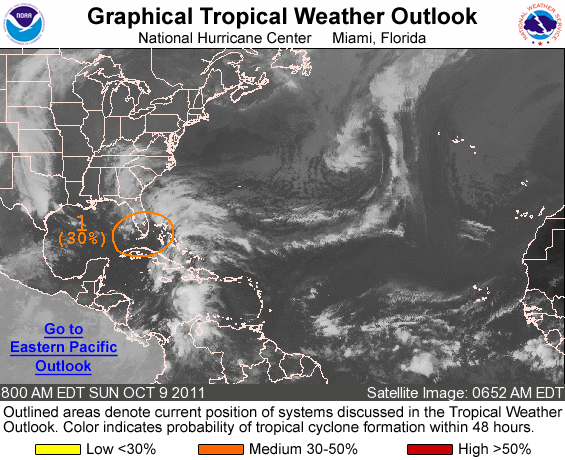
FOR THE NORTH ATLANTIC...CARIBBEAN SEA AND THE GULF OF MEXICO...

1. A TROUGH OF LOW PRESSURE EXTENDING FROM THE SOUTHEASTERN GULF OF MEXICO ACROSS THE FLORIDA STRAITS INTO THE NORTHWESTERN BAHAMAS IS PRODUCING GALE-FORCE WINDS OVER PORTIONS OF THE WESTERN ATLANTIC... AND WIDESPREAD CLOUDINESS AND THUNDERSTORMS OVER EASTERN CUBA... HISPANIOLA...THE BAHAMAS...THE FLORIDA PENINSULA...AND THE ADJACENT ATLANTIC WATERS. ALTHOUGH SURFACE PRESSURES ARE STILL SLOWLY FALLING...THERE HAS BEEN LITTLE CHANGE IN THE ORGANIZATION OF THIS DISTURBANCE IN THE LAST SEVERAL HOURS. HOWEVER...SOME DEVELOPMENT IS POSSIBLE OVER THE NEXT COUPLE OF DAYS AS IT MOVES NORTHWESTWARD AT 5 TO 10 MPH...AND THIS SYSTEM HAS A MEDIUM CHANCE...30 PERCENT...OF BECOMING A SUBTROPICAL OR TROPICAL CYCLONE DURING THE NEXT 48 HOURS. REGARDLESS OF DEVELOPMENT...STRONG GUSTY WINDS AND LOCALLY HEAVY RAINFALL ARE EXPECTED OVER THE NORTHERN BAHAMAS AND PORTIONS OF THE FLORIDA PENINSULA TODAY. THESE CONDITIONS ARE EXPECTED TO SPREAD NORTHWARD INTO EASTERN PORTIONS OF GEORGIA AND SOUTH CAROLINA DURING THE NEXT DAY OR TWO. FOR ADDITIONAL INFORMATION SPECIFIC TO YOUR AREA...PLEASE SEE STATEMENTS ISSUED BY YOUR LOCAL WEATHER OFFICE.

ELSEWHERE...TROPICAL CYCLONE FORMATION IS NOT EXPECTED DURING THE NEXT 48 HOURS.

FORECASTER KIMBERLAIN